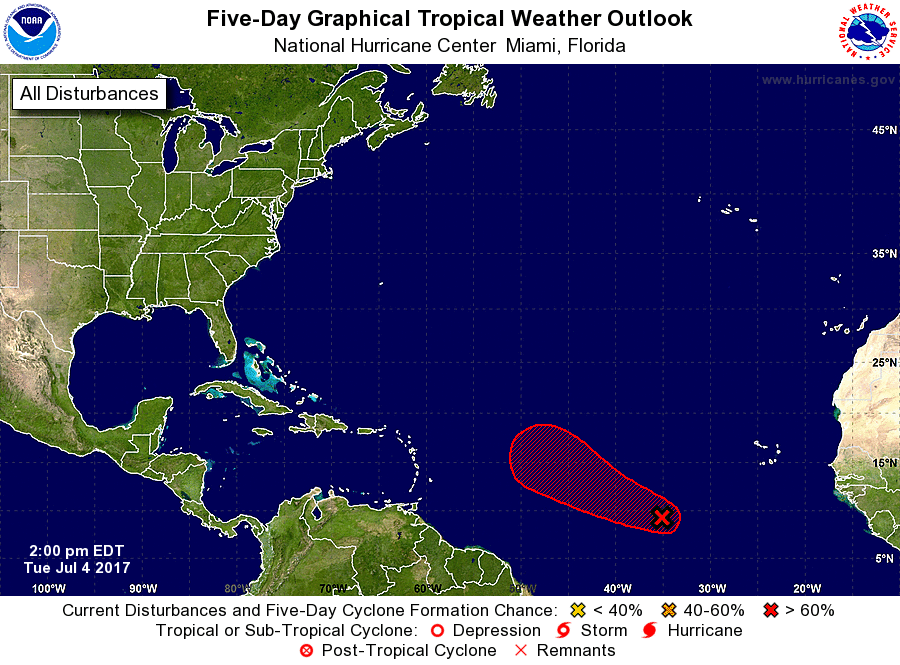
For the North Atlantic...Caribbean Sea and the Gulf of Mexico:

1. Satellite images indicate that the cloud pattern associated with the broad area of low pressure centered about 800 miles west-southwest of the Cabo Verde Islands has not become any better organized today. Environmental conditions are still favorable for a tropical cyclone to form within the next day or two while the low moves westward or west-northwestward at 10 to 15 mph across the tropical Atlantic.
* Formation chance through 48 hours...high...70 percent.
* Formation chance through 5 days...high...80 percent.

Forecaster Avila